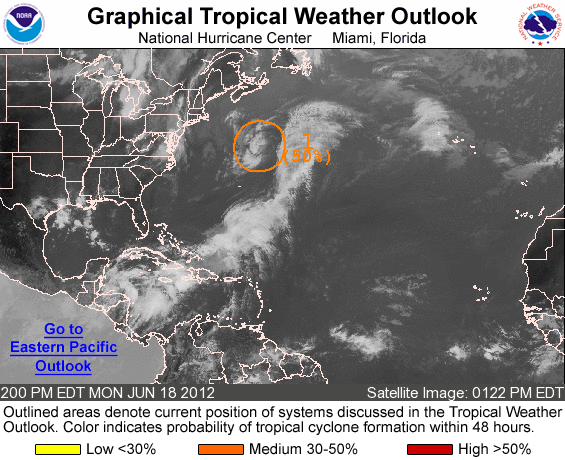
FOR THE NORTH ATLANTIC...CARIBBEAN SEA AND THE GULF OF MEXICO...

1. THUNDERSTORM ACTIVITY ASSOCIATED WITH A SMALL NON-TROPICAL LOW PRESSURE CENTER HAS BECOME BETTER ORGANIZED TODAY. THIS SYSTEM IS PRODUCING GALE-FORCE WINDS AND IS LOCATED ABOUT 400 MILES NORTH-NORTHEAST OF BERMUDA. THE LOW HAS GRADUALLY BEEN ACQUIRING TROPICAL CHARACTERISTICS AND IF THE THUNDERSTORM ACTIVITY PERSISTS IT COULD BECOME A SUBTROPICAL OR TROPICAL CYCLONE LATER TODAY OR TUESDAY. THIS SYSTEM HAS A MEDIUM CHANCE...50 PERCENT...OF BECOMING A SUBTROPICAL OR TROPICAL CYCLONE DURING THE NEXT 48 HOURS AS IT MOVES NORTHEASTWARD AT AROUND 10 MPH.

FOR ADDITIONAL INFORMATION ON THIS SYSTEM...PLEASE SEE HIGH SEAS FORECASTS ISSUED BY THE NATIONAL WEATHER SERVICE OCEAN PREDICTION CENTER.

ELSEWHERE...TROPICAL CYCLONE FORMATION IS NOT EXPECTED DURING THE NEXT 48 HOURS.

&&
HIGH SEAS FORECASTS ISSUED BY THE NATIONAL WEATHER SERVICE CAN BE FOUND UNDER AWIPS HEADER NFDHSFAT1 AND WMO HEADER FZNT01 KWBC.

FORECASTER LANDSEA